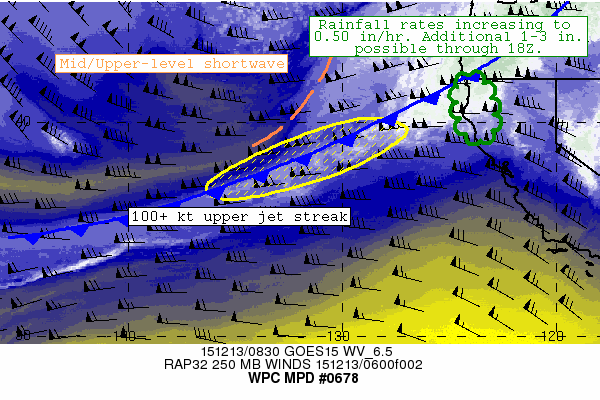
AREAS AFFECTED...NWRN CA...EXTREME SWRN OR

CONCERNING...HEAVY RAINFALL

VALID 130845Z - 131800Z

SUMMARY...HEAVY RAINS ASSOCIATED WITH AN ATMOSPHERIC RIVER EVENT
WILL BEGIN TO SHIFT SOUTHWARD MORE QUICKLY OVER THE NEXT 6-9
HOURS. RAIN RATES MAY INCREASE TO 0.50 IN/HR AS UPPER-LEVEL
DYNAMICS BECOME MORE FAVORABLE THIS MORNING. RAINFALL TOTALS WILL
BE LIMITED BY DURATION ONCE THE PLUME BEGINS TO SHIFT SOUTHWARD
LATER THIS MORNING. AN ADDITIONAL 1-3 INCHES ARE POSSIBLE ACROSS
THE FAVORED TERRAIN OF NWRN CA AND EXTREME SWRN OREGON BEFORE THE
HEAVIEST PRECIPITATION SHIFTS SOUTH OF THE OUTLINED AREA AFTER 18Z.

DISCUSSION...A PLUME OF MOISTURE CONTINUES TO STREAM INTO THE
NORTHWESTERN U.S. EARLY THIS MORNING IN ASSOCIATION WITH A STRONG
PACIFIC LOW PRESSURE SYSTEM THAT HAS MOVED INTO BRITISH COLUMBIA.
FAVORABLE ONSHORE FLOW OF 40-50 KT IS FORECAST TO CONTINUE THROUGH
THE NEXT SEVERAL HOURS. AN AMPLIFYING SHORTWAVE IS LOCATED TO THE
WEST OF THE REGION EARLY THIS MORNING AND WILL APPROACH THE
NORTHWEST DURING THE 12-18Z TIME FRAME. THIS SHORTWAVE ALONG WITH
A FAVORABLY POSITIONED UPPER-LEVEL JET STREAK WILL ENHANCE
DIVERGENCE ALOFT OVER THE OUTLINED AREA...AND ALLOW FOR RAINFALL
RATES TO INCREASE. WHILE RAINFALL RATES HAD BEEN LOWER OVER THE
PAST SEVERAL HOURS...IN THE 0.10-0.25 IN/HR RANGE...THEY APPEAR TO
BE PICKING UP AGAIN BASED ON A RECENT REPORT OF 0.50 INCH IN ONE
HOUR NEAR CRESCENT CITY. THIS TREND SHOULD CONTINUE OVER THE NEXT
SEVERAL HOURS WITH RAINFALL RATES INCREASING TO 0.50 IN/HR OR
SLIGHTLY HIGHER OVER MUCH OF THE FAVORED TERRAIN OF NWRN CA AND
EXTREME SWRN OR. AN ADDITIONAL 1-3 INCHES OF RAIN IS POSSIBLE
THROUGH 18Z.

THE PLUME OF MOISTURE AND PRECIPITATION WILL BEGIN TO SHIFT SOUTH
MORE RAPIDLY AS THE UPPER SHORTWAVE MOVES INLAND THIS
AFTERNOON...BRINGING AN END TO WIDESPREAD HIGHER RAIN RATES OVER
THE AREA.